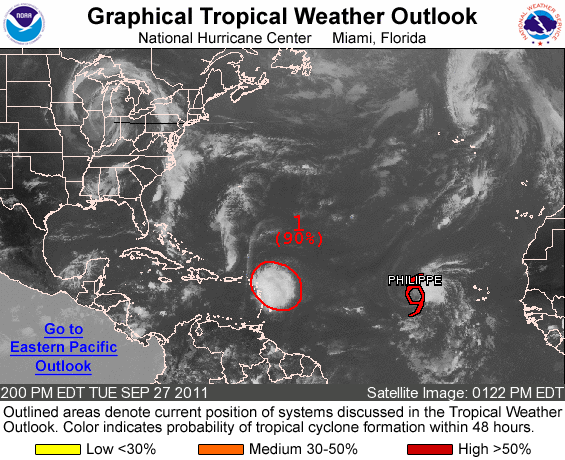
FOR THE NORTH ATLANTIC...CARIBBEAN SEA AND THE GULF OF MEXICO...

THE NATIONAL HURRICANE CENTER IS ISSUING ADVISORIES ON TROPICAL STORM PHILIPPE...LOCATED ABOUT 750 MILES WEST OF THE CAPE VERDE ISLANDS.

1. AN AIR FORCE RESERVE UNIT HURRICANE HUNTER AIRCRAFT IS CURRENTLY INVESTIGATING THE REMNANTS OF OPHELIA LOCATED A SHORT DISTANCE EAST-NORTHEAST OF THE NORTHERN LEEWARD ISLANDS. IF THE AIRCRAFT FINDS A WELL-DEFINED CENTER OF CIRCULATION...ADVISORIES WILL BE RE-INITIATED ON THIS SYSTEM LATER THIS AFTERNOON. THIS DISTURBANCE IS PRODUCING A LARGE AREA OF SHOWERS AND THUNDERSTORMS...AND UPPER-LEVEL WINDS APPEAR SOMEWHAT CONDUCIVE FOR ADDITIONAL REDEVELOPMENT AS THE LOW MOVES SLOWLY WEST-NORTHWESTWARD TO NORTHWESTWARD DURING THE NEXT DAY OR TWO. THIS SYSTEM HAS A HIGH CHANCE...90 PERCENT...OF REGENERATING INTO A TROPICAL CYCLONE DURING THE NEXT 48 HOURS. LOCALLY HEAVY RAINS ARE POSSIBLE OVER PORTIONS OF THE NORTHERN LEEWARD ISLANDS THROUGH WEDNESDAY.

ELSEWHERE...TROPICAL CYCLONE FORMATION IS NOT EXPECTED DURING THE NEXT 48 HOURS.

FORECASTER PASCH